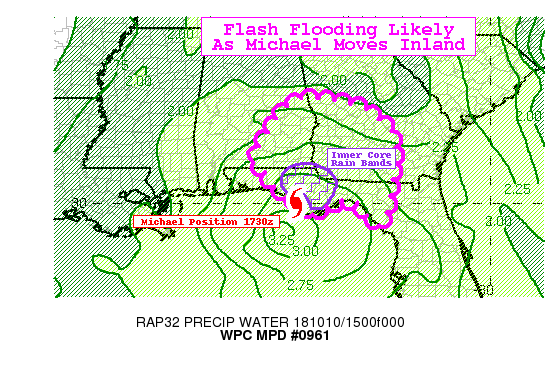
Areas affected...FL Panhandle...Southwest GA...Southeast AL

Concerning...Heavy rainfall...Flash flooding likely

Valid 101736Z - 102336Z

Summary...Heavy rain will continue to spread inland as Hurricane
Michael moves onshore the Florida Panhandle. Rainfall rates as
high as 3"/hr will be likely in the more concentrated bands near
the storm center. Rainfall totals 3-6" are expected through 7 PM
CDT, with additional heavy rain likely to occur after as the storm
moves further inland.

Discussion...Hurricane Michael continues to move inland on the
Florida Panhandle coast per latest NHC update, radar, and
satellite imagery. Several spiraling bands producing intense
rainfall rates as high as 2-3"/hr have been moving through the
area, most concentrated between TLH and Fort Walton Beach, and as
far inland as Dothan, AL and Thomasville, GA. Radar estimated
totals so far are as high as 3-5" across the FL Panhandle.

As the inner core of Michael moves inland, intense rainfall rates
as high as 3"/hr will be possible through the late afternoon.
Other spiraling bands of heavy rainfall will begin moving
northward, spreading into southeast Alabama and more portions of
southwest into central Georgia.

The combination of inner core convection and increasing convergent
rain bands will increase across portions of AL and GA and continue
for some time across FL Panhandle.

Hi-res model guidance has a good consensus showing the potential
for 3-6" with locally higher amounts possible through 7 PM CDT
across portions of the FL Panhandle, southeast AL, and southwest
GA. Heavier rain will begin to spread into central GA later this
afternoon but lesser amounts are expected there given its further
distance from the storm center.

With the rain that has already fallen and anticipated additional
totals, flash flooding will become increasingly likely through the
afternoon hours.